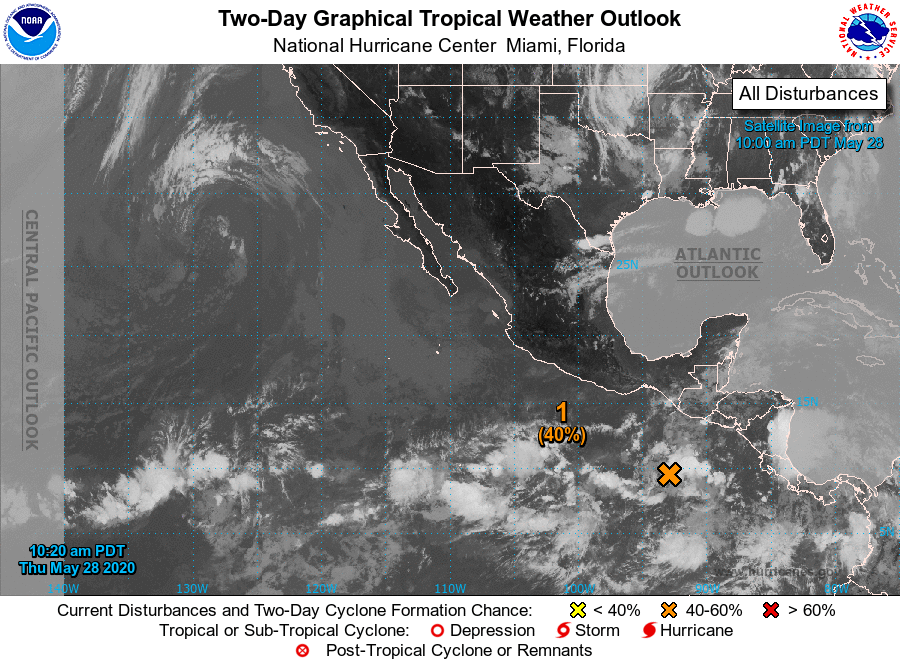
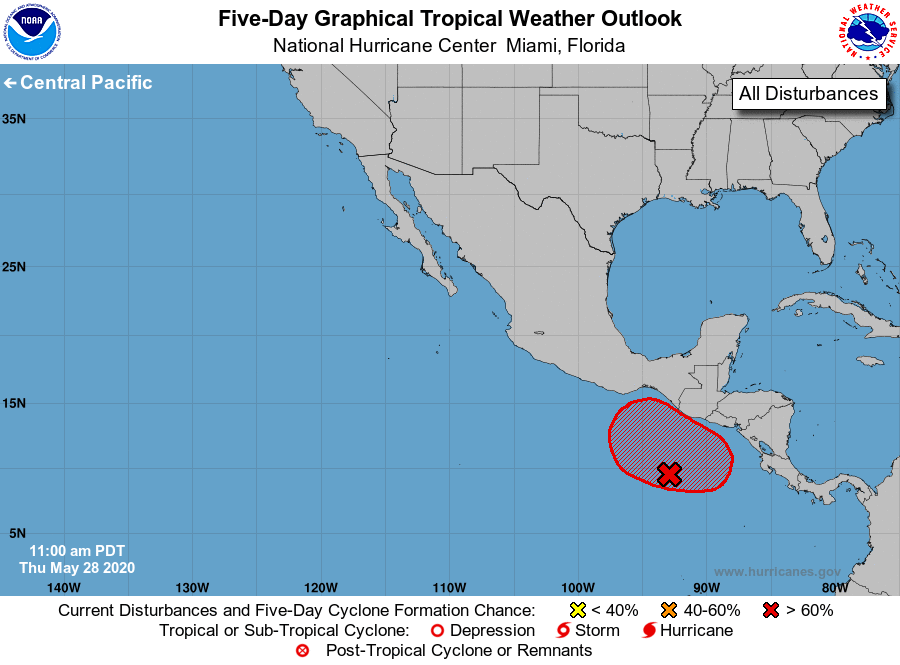
For the eastern North Pacific...east of 140 degrees west longitude:

1. A trough of low pressure is producing a large area of disorganized showers and thunderstorms a few hundred miles south of the coasts of Central America and southern Mexico. Environmental conditions appear conducive for gradual development of this system, and a tropical depression is likely to form this weekend while it drifts northward.

Regardless of development, this system is expected to produce heavy rainfall over portions of Central America and southern Mexico beginning late this week and continuing through the weekend. These rains could cause life-threatening flash floods and mudslides, especially in areas of mountainous terrain. See products from your local weather office for additional information.
* Formation chance through 48 hours...medium...40 percent.
* Formation chance through 5 days...high...80 percent.

Forecaster Beven/Latto